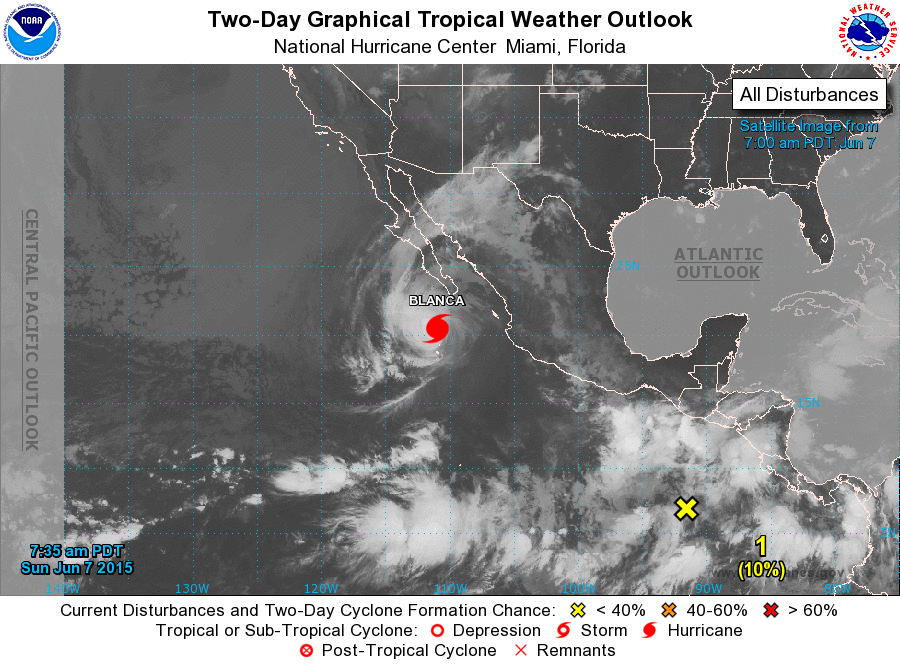
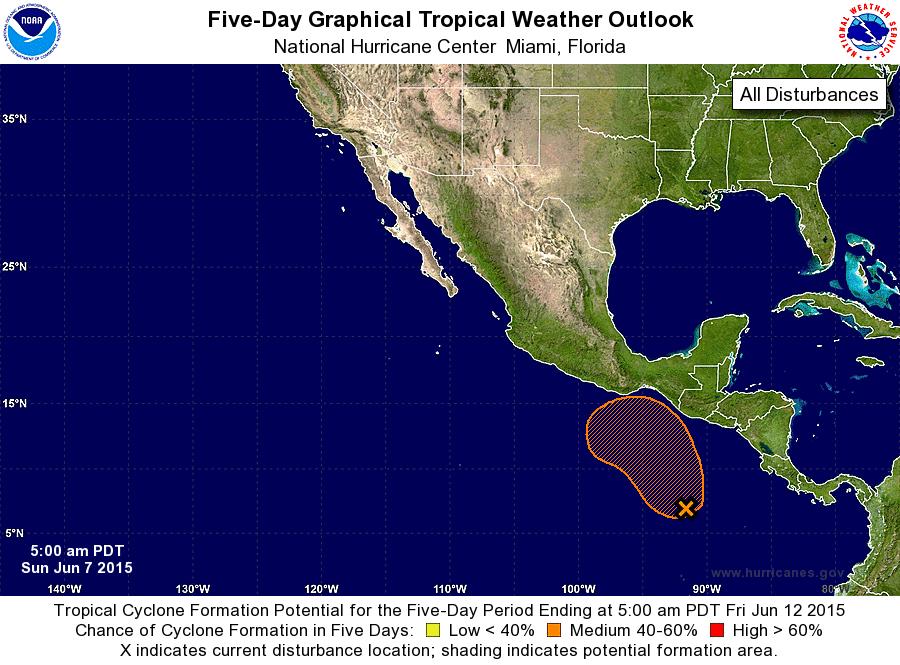
For the eastern North Pacific...east of 140 degrees west longitude:

The National Hurricane Center is issuing advisories on Hurricane Blanca, located a couple of hundred miles south-southwest of Cabo San Lucas, Mexico.

1. Disorganized showers and thunderstorms several hundred miles south of the Gulf of Tehuantepec are associated with a trough of low prssure. Environmental conditions are forecast to become conducive for some development of this system by midweek while it moves slowly northwestward or northward.
* Formation chance through 48 hours...low...10 percent
* Formation chance through 5 days...medium...60 percent

Forecaster Blake